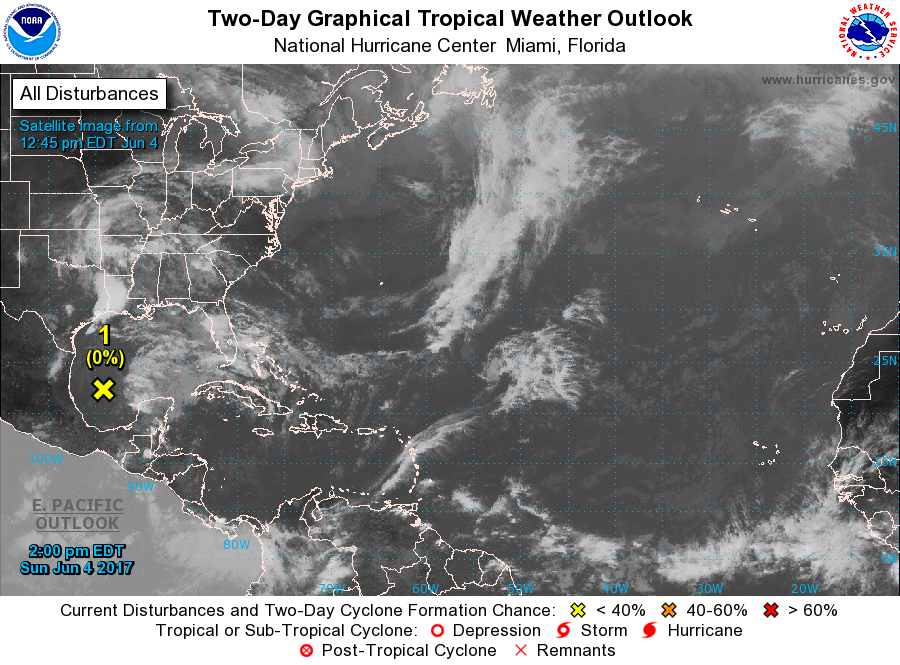
For the North Atlantic...Caribbean Sea and the Gulf of Mexico:

1. A weak area of low pressure, associated with the remnants of eastern Pacific Tropical Storm Beatriz, is located over the southern Gulf of Mexico about 230 miles east of Tampico, Mexico. Shower and thunderstorm activity has diminished during the past few hours, and tropical cyclone formation is not expected due to strong upper-level winds. For additional information on this system, please see High Seas Forecasts issued by the National Weather Service.
* Formation chance through 48 hours...low...near 0 percent.
* Formation chance through 5 days...low...near 0 percent.

High Seas Forecasts issued by the National Weather Service can be found under AWIPS header NFDHSFAT1, WMO header FZNT01 KWBC, and on the Web at http://www.opc.ncep.noaa.gov/shtml/NFDHSFAT1.shtml.

Forecaster Brennan